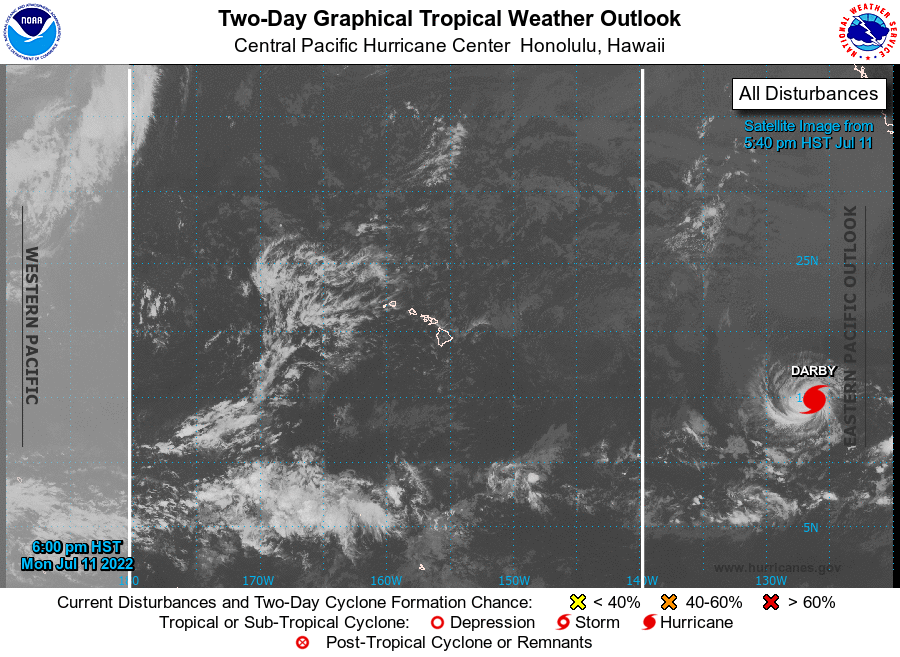
For the central North Pacific...between 140W and 180W:

The National Hurricane Center in Miami, Florida is issuing advisories on Hurricane Darby centered about 1950 miles east of Hilo, Hawaii. Hurricane Darby is expected to move into the Central Pacific Hurricane Center area of responsibility Thursday.

Elsewhere, no tropical cyclones are expected during the next 5 days.

Forecaster Kino